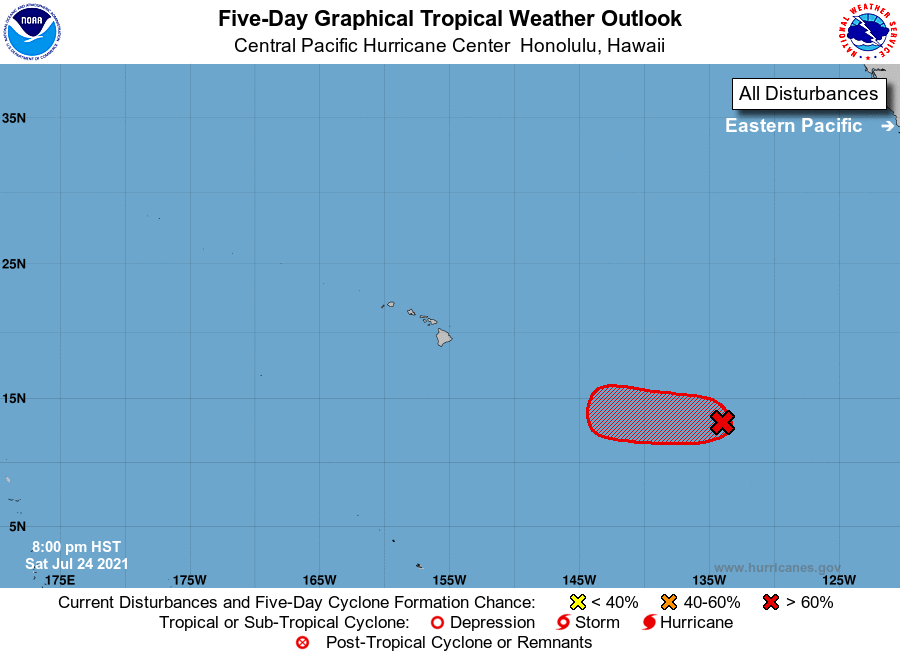
For the central North Pacific...between 140W and 180W:

1. The National Hurricane Center in Miami, Florida is monitoring a low pressure system located about 1500 miles east-southeast of Hilo, Hawaii, which continues to show signs of organization. Environmental conditions are forecast to be conducive for further development, and the system could become a tropical depression later this weekend or early next week before reaching cooler waters while moving westward at 10 to 15 mph.
* Formation chance through 48 hours...high...70 percent.
* Formation chance through 5 days...high...70 percent.

Elsewhere, no tropical cyclones are expected during the next 5 days.

Forecaster Houston